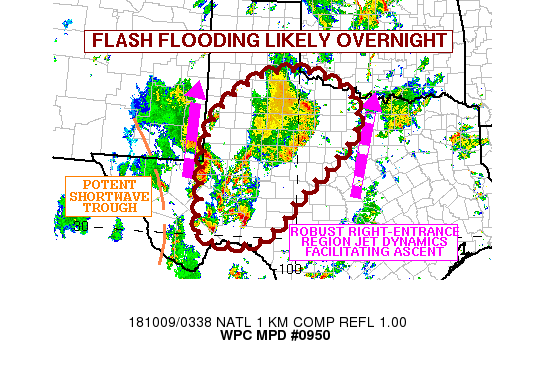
Areas affected...Southwest to Northwest TX

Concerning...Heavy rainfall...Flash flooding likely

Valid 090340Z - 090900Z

Summary...Widespread showers and thunderstorms are expected
overnight, with flash flooding likely.

Discussion...The latest radar imagery shows multiple clusters of
heavy showers and thunderstorms organizing across areas of
southwest to northwest TX out ahead of a deep layer trough over
the Four Corners region which is edging east out across the
southern High Plains.

The convection is being greatly enhanced by large scale
right-entrance region jet dynamics working in tandem with strong
low level convergence and pooling of a very moist and unstable
airmass across much of western Texas. The latest WV imagery is
also showing a well-defined shortwave trough ejecting across
northern Mexico and into southwest TX around the base of the large
scale trough.

PWATs across the region are running about 2 standard deviations
above normal and much of this is connected to well-defined
low-level east-southeast fetch of moisture in off the Gulf of
Mexico. This will allow for the convection overnight to have
enhanced rainfall rates, with some hourly amounts of up to 2
inches possible within the stronger convective cores.

The aforementioned shortwave trough ejecting across southwest TX
will be a major facilitator of organized convection through the
night as it is expected to take on a negative tilt and interact
with enhanced low-level moisture/instability transport. Widespread
convection with very heavy rainfall is expected.

The latest 00Z hires model suite, including the HRRR guidance,
supports as much as 3 to 5 inches of additional rain. Flash
flooding is likely given these totals and also with such high
short-term rainfall rates.